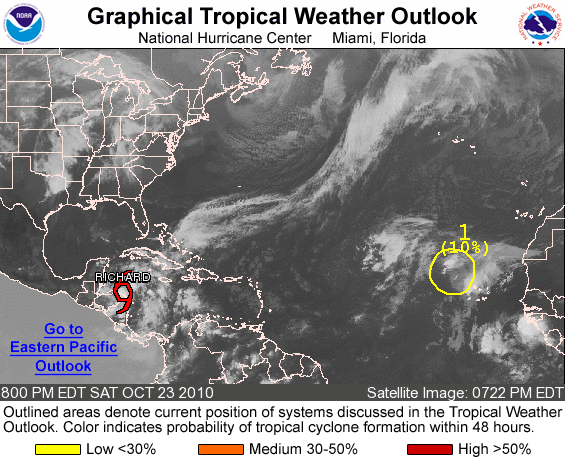
FOR THE NORTH ATLANTIC...CARIBBEAN SEA AND THE GULF OF MEXICO...

THE NATIONAL HURRICANE CENTER IS ISSUING ADVISORIES ON TROPICAL STORM RICHARD...LOCATED ABOUT 160 MILES EAST OF LA CEIBA HONDURAS.

1. A BROAD TROUGH OF LOW PRESSURE LOCATED ABOUT 400 MILES WEST- NORTHWEST OF THE NORTHERNMOST CAPE VERDE ISLANDS CONTINUES TO PRODUCE DISORGANIZED SHOWERS AND THUNDERSTORMS. UPPER-LEVEL WINDS ARE NOT CONDUCIVE FOR THE DEVELOPMENT OF THIS DISTURBANCE...AND THERE IS A LOW CHANCE...10 PERCENT...OF THIS SYSTEM BECOMING A TROPICAL CYCLONE DURING THE NEXT 48 HOURS AS IT MOVES TOWARD THE NORTHWEST AT 10 TO 15 MPH.

ELSEWHERE...TROPICAL CYCLONE FORMATION IS NOT EXPECTED DURING THE NEXT 48 HOURS.

FORECASTER KIMBERLAIN